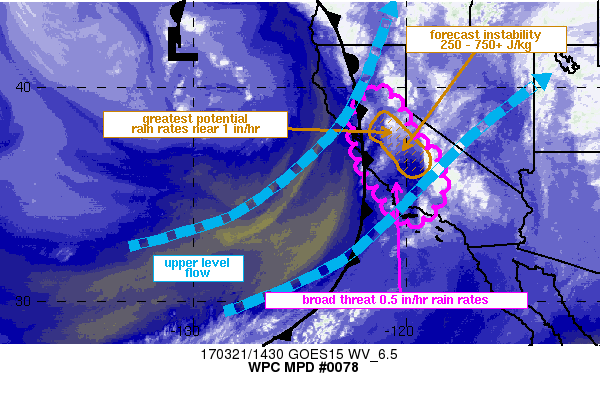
AREAS AFFECTED...N-CNTRL...CNTRL AND SRN CA

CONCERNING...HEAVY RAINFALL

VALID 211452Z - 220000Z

SUMMARY...INCREASING INSTABILITY IS EXPECTED TO SUPPORT RAINFALL
RATES UP TO 1 IN/HR IN THE NRN SAN JOAQUIN VALLEY AND THE
FOOTHILLS OF THE SIERRAS AFTER 18Z. FARTHER SOUTH...LOCALIZED
RAINFALL RATES OF 0.5 IN/HR WILL BE POSSIBLE LATE THIS MORNING TO
THE EARLY AFTERNOON WITH THE THREAT DIMINISHING INTO THE LATE
AFTERNOON.

DISCUSSION...A 24 HR LOOP OF THE LAYERED PW PRODUCT SHOWED THE
MERGING OF TWO STREAMS OF HIGHER MOISTURE IN THE 850-700 MB LAYER
FOCUSED INTO THE CNTRL CA COAST...COINCIDENT WITH THE GREATEST
WATER VAPOR FLUX IN THE TROPOSPHERE. THE RESULT IN THE BLENDED TPW
PRODUCT WAS A LARGE AREA OF ANOMALOUS MOISTURE WITH 1+ INCH
PRECIPITABLE WATER VALUES WHICH EXTENDED FROM THE NRN SACRAMENTO
VALLEY TO THE LOS ANGELES METRO AREA AS OF 14Z. A LARGE CLOSED LOW
WAS OBSERVED ON WATER VAPOR IMAGERY OFFSHORE OF NRN CA WITH STEADY
HEIGHT FALLS SHIFTING EAST ALONG WITH A COLD FRONT AT THE SURFACE.

DESPITE EXTENSIVE CLOUD COVER SEEN ON IR SATELLITE IMAGERY ACROSS
MUCH OF CA...THE COMBINATION OF DAYTIME HEATING AND COOLER
MID-LEVEL TEMPERATURES ASSOCIATED WITH THE ADVANCING CLOSED LOW
WILL SUPPORT INCREASING INSTABILITY INTO THE CNTRL CA VALLEY WITH
A CONSENSUS OF THE LATEST RAPIDLY UPDATING MODELS INDICATING
ANYWHERE FROM 250 TO 750+ J/KG OF CAPE DEVELOPING OVER THE CNTRL
AND NRN SAN JOAQUIN VALLEY BETWEEN 18-00Z. WHILE PRECIPITABLE
WATER VALUES AND SUBSEQUENT INTEGRATED VAPOR TRANSPORT WILL BE
FALLING INTO THE AFTERNOON...UNIDIRECTIONAL FLOW FROM THE
SOUTHWEST WITH A STEADY 25-30 KTS OF 850-700 MB FLOW MAY SUPPORT A
FEW AREAS OF TRAINING HEAVY RAIN AHEAD OF THE ADVANCING COLD
FRONT. DIFFLUENT FLOW ALOFT AND THE ADDED UPSLOPE COMPONENT TO THE
FLOW INTO THE SIERRA NEVADA SHOULD HELP MAKE UP FOR THE LOSS OF
MOISTURE TO SUPPORT RAINFALL RATES OF 0.5 TO 1.0 IN AT TIMES THIS
AFTERNOON.

FARTHER SOUTH...THE BEST MOISTURE FLUX WILL BE DIRECTED INTO THE
TRANSVERSE RANGES OF SRN CA OVER THE NEXT 6 HOURS WITH A FOCUS
INTO THE SANTA YNEZ...SAN RAFAEL...AND SIERRA MADRE RANGES FOR
RAINFALL RATES POTENTIALLY REACHING 0.5 IN/HR. HOWEVER...AS THE
UPPER TROUGH CONTINUES TO ADVANCE EAST TODAY...PRECIPITABLE WATER
VALUES ARE FORECAST TO GRADUALLY DIMINISH ALONG WITH WEAKENING LOW
LEVEL FLOW WHICH SHOULD GREATLY REDUCE THE HEAVY RAINFALL THREAT
AFTER 21Z FOR SRN CA.